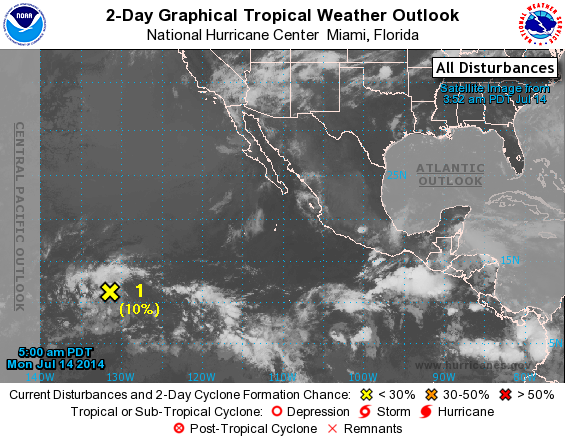
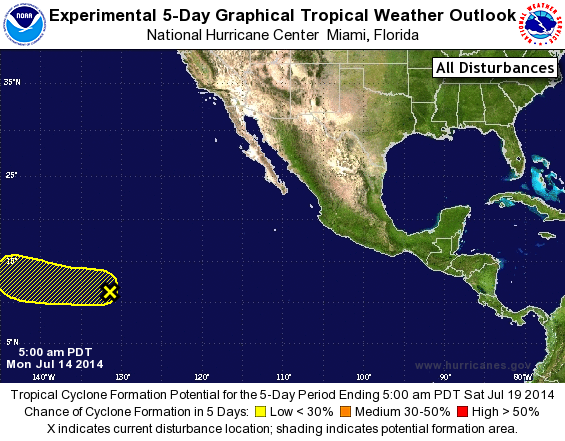
For the eastern North Pacific...east of 140 degrees west longitude:

1. A large area of disturbed weather centered about 1650 miles west-southwest of the southern tip of the Baja California peninsula is associated with a tropical wave. Some slow development of this system is possible over the next few days while it moves to the west or west-northwest at 10 to 15 mph.
* Formation chance through 48 hours...low...10 percent.
* Formation chance through 5 days...low...20 percent.

Forecaster Brown